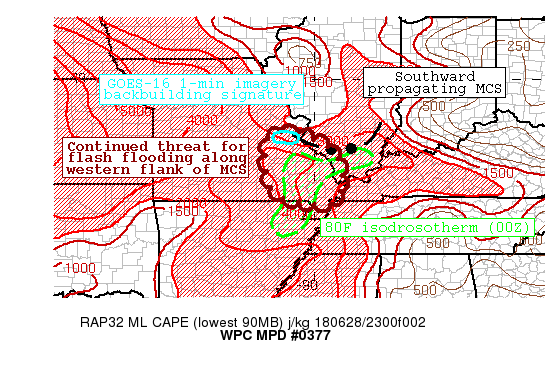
AREAS AFFECTED...SOUTHEASTERN MO/SLIVER OF SOUTHWESTERN IL...

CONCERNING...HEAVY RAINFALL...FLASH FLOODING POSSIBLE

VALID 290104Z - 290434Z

SUMMARY...CONVECTION CONTINUES TO THRIVE WITHIN A VERY MOIST AND
BUOYANT AIR MASS ACROSS SOUTHERN MO. THE LATEST GOES-16 MESOSECTOR
1-MINUTE IMAGERY SHOWS BACKBUILDING SOUTHWEST OF ST. LOUIS WHILE
THE REMAINDER OF THE MCS HAS CONTINUED TO BE PROGRESSIVE. THIS
WESTERN FLANK OF THE CONVECTIVE SYSTEM WILL REMAIN A THREAT FOR
FLASH FLOODING THE NEXT FEW HOURS UNTIL IT CAN FORWARD PROPAGATE
AS WELL.

DISCUSSION...WITH A MEAN UPPER RIDGE ESTABLISHED ACROSS THE
SOUTH-CENTRAL U.S...A SERIES OF CONVECTIVE COMPLEXES CONTINUE TO
CIRCULATE CLOCKWISE AROUND THE RING OF FIRE. LOW-LEVEL MOISTURE
CONTENT WITHIN THE INFLOW REGION IS QUITE IMPRESSIVE AS A NUMBER
OF 80 DEGREE PLUS DEW POINTS HAVE BEEN OBSERVED ACROSS
NORTHEASTERN AR/SOUTHEASTERN MO. BASED ON THE 00Z RAP THETA-E
OBJECTIVE ANALYSIS...THIS CONVECTIVE COMPLEX HAS GENERALLY
POSITIONED ITSELF ALONG A RATHER SHARP THETA-E GRADIENT. THE RAP
FORECAST SHOWS A DECREASE IN THIS GRADIENT GIVEN THE REDUCTION IN
SURFACE HEATING WITH A GENERAL SOUTHWARD SHIFT OF THIS CONVERGENCE
AXIS. VERY LITTLE CAM GUIDANCE SHOW ANY REFLECTION OF THIS
EVOLUTION SO THIS IS GENERALLY BASED ON GOES-16 IMAGERY AND
AVAILABLE SURFACE DATA. BASED ON LOCAL STORM REPORTS...THIS
THUNDERSTORM COMPLEX HAS A HISTORY OF PRODUCING VERY HEAVY
RAINFALL. AROUND 0030Z...MADISON COUNTY OVER SOUTHWESTERN IL
REPORTED 2.11 INCHES OF RAIN IN 75 MINUTES. WILL MAINTAIN A THREAT
FOR FLASH FLOODING THROUGH AT LEAST 04-05Z.